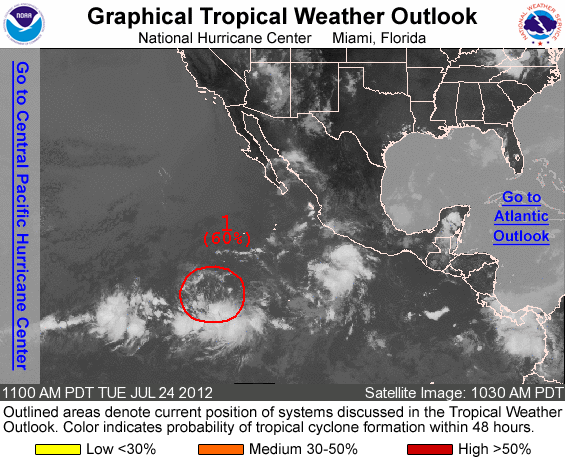
FOR THE EASTERN NORTH PACIFIC...EAST OF 140 DEGREES WEST LONGITUDE..

1. A LOW PRESSURE SYSTEM CENTERED ABOUT 1100 MILES SOUTHWEST OF MANZANILLO MEXICO HAS CHANGED LITTLE TODAY. HOWEVER... ENVIRONMENTAL CONDITIONS REMAIN MARGINALLY CONDUCIVE FOR A TROPICAL DEPRESSION TO FORM DURING THE NEXT COUPLE OF DAYS. THIS SYSTEM HAS A HIGH CHANCE...60 PERCENT...OF BECOMING A TROPICAL CYCLONE DURING THE NEXT 48 HOURS AS IT MOVES WESTWARD OR WEST-NORTHWESTWARD AT 10 MPH.

ELSEWHERE...TROPICAL CYCLONE FORMATION IS NOT EXPECTED DURING THE NEXT 48 HOURS.

FORECASTER ROBERTS